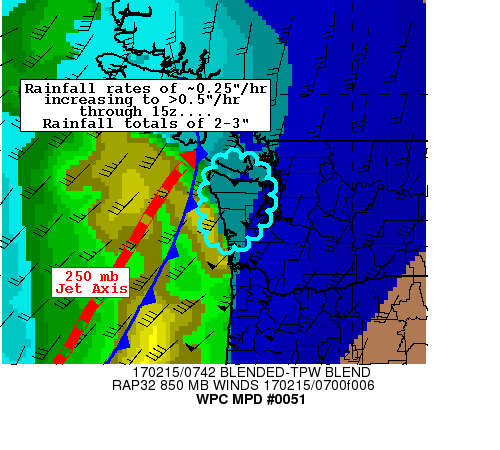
AREAS AFFECTED...OLYMPIC PENINSULA OF WASHINGTON

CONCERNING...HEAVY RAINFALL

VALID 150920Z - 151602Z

SUMMARY...INCREASING RAINFALL RATES ARE EXPECTED ACROSS THE
OLYMPICS OVER THE NEXT FEW HOURS...APPROACHING AND EXCEEDING 0.5
IN/HR THROUGH 15Z. THIS IS EXPECTED TO BE THE START OF A LONGER
DURATION HEAVY RAINFALL EVENT FOR THE REGION...EXPECTED TO LAST
INTO LATE WED NIGHT.

DISCUSSION...AT 09Z...SURFACE COLD FRONT WAS ANALYZED JUST
OFFSHORE OF THE WA COAST...ORIENTED NNE TO SSW. BLENDED TPW
IMAGERY SHOWED AN ATMOSPHERIC RIVER CONTAINING A NEARLY CONTINUOUS
AXIS OF 1.5+ INCH PRECIPITABLE WATER VALUES EXTENDING FROM NEAR
130W TO THE TROPICAL WEST PACIFIC. ADDITIONALLY...THE AR DETECTION
TOOL IS INDICATING INTEGRATED WATER TRANSPORT VALUES EXCEEDING
1250 KG/M/S SHIFTING NORTHEAST OVER THE NEXT 6 HOURS. THE MOISTURE
IS BEING STREAMED NORTHEAST ALONG AND AHEAD OF THE SURFACE
FRONT...WHICH WAS LOCATED AHEAD OF A BROAD MID-UPPER LEVEL TROUGH
AXIS COVERING THE EASTERN PACIFIC...WITH A POWERFUL CORE OF THE
160-180 KT JET LOCATED IN THE BASE OF THE TROUGH NEAR 35N 145W.

GIVEN THE IMPRESSIVE LOW LEVEL FLOW OF 60+KT...EXPECT RAIN RATES
TO INCREASE OVER 0.5"/HR THROUGH 15Z OVER THIS AREA AS THE
ATTENDANT SHORTWAVE APPROACHES.  RAINFALL AMOUNTS OF 2-3" CAN BE
EXPECTED...AIDED BY OROGRAPHIC ENHANCEMENT ALONG THE SOUTHWEST
FACING OLYMPICS.